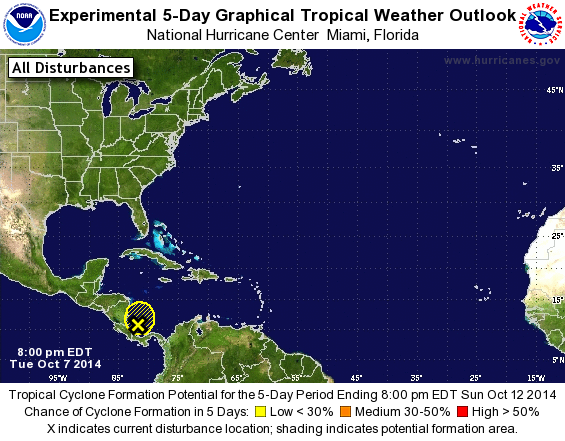
For the North Atlantic...Caribbean Sea and the Gulf of Mexico:

1. An area of low pressure located over the extreme southwestern Caribbean Sea is producing a large area of disorganized showers and thunderstorms. The low is expected to drift westward near or over Central America during the next few days, and development is likely to be limited by its proximity to land. Regardless of development, heavy rains are possible over portions of Central America during the next few days.
*Formation change through 48 hours...low...10 percent.
*Formation chance through 5 days...low...20 percent.

Forecaster Cangialosi